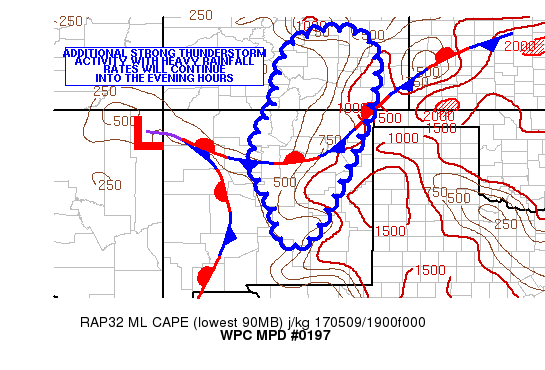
AREAS AFFECTED...SOUTHERN CO...CENTRAL/NORTHERN NM

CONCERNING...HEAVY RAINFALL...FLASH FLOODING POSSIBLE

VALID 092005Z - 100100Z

SUMMARY...STRONG THUNDERSTORMS WITH SOME REPEATING OF CELL
ACTIVITY WILL FOSTER ADDITIONAL HEAVY RAINFALL INTO THE EVENING
HOURS WITH SOME FLASH FLOODING POSSIBLE.

DISCUSSION...LATEST EXPERIMENTAL GOES-16 VIS IMAGERY SHOWS A
WELL-DEFINED N/S AXIS OF SHOWERS AND THUNDERSTORMS FOCUSED FROM
CENTRAL NM NEAR THE NORTHERN FLANK OF THE SACRAMENTO/CAPITAN
MOUNTAINS...NORTHWARD UP ACROSS THE SANGRE DE CRISTO MOUNTAINS OF
NORTHERN NM/SOUTHERN CO AND THEN OVER SOME OF THE OPEN PLAINS OF
SOUTHEAST CO. CONVECTIVE CLOUD TOPS HAVE GENERALLY CONTINUED TO
COOL OVER THE LAST COUPLE OF HOURS AS THE THUNDERSTORM ACTIVITY
BECOMES SUSTAINED AND ENHANCED A BIT FURTHER BY THE PRESENCE OF AN
UNSTABLE AND RELATIVELY MOIST BOUNDARY LAYER AMIDST A HIGHLY
DIFFLUENT UPPER AIR ENVIRONMENT AROUND THE EAST SIDE OF A STRONG
UPPER LOW OVER FAR SOUTHERN AZ.

SOUTHEAST LOW LEVEL FLOW UP ACROSS EASTERN NM AND INTO THE HIGHER
TERRAIN OF CENTRAL AND NORTHERN NM CONTINUES TO ALSO FOSTER A
FAVORABLE UPSLOPE/OROGRAPHIC COMPONENT TO THE FORCING ENVIRONMENT
WHILE ALSO ASSISTING IN THE TRANSPORT OF A MODERATELY UNSTABLE
AIRMASS. THE LATEST RAP ANALYSIS SHOWS MLCAPE VALUES OF UP TO OVER
1500 J/KG LOCALLY WITH THE AID OF STRONG DIABATIC HEATING VIA
SOLAR INSOLATION. A STATIONARY FRONT UP ACROSS PARTS OF NORTHERN
NM IS ALSO FACILITATING SOME ADDITIONAL SURFACE CONVERGENCE FOR
ADDITIONAL CONVECTIVE DEVELOPMENT.

OVER THE NEXT SEVERAL HOURS...THE PRIMARY CONCERN WILL BE FOR
RELATIVELY SLOW-MOVING CONVECTIVE CELLS CAPABLE OF HEAVY RAINFALL
RATES TO 1.5 INCHES/HR AND ALSO A TENDENCY FOR CELLS REPEATING
OVER THE SAME AREA NEAR SOME OF THE HIGHER TERRAIN FROM CENTRAL NM
NORTH INTO AT LEAST THE SANGRE DE CRISTO RANGE OF NORTHERN
NM/SOUTHERN CO. THE 12Z ARW/NMMB SOLUTIONS AND ALSO CONSECUTIVE
RUNS OF THE HRRR SUGGEST ADDITIONAL RAINFALL AMOUNTS OF 1 TO 2
INCHES WITH ISOLATED HEAVIER AMOUNTS THROUGH 00Z. GRADUALLY THERE
MAY BE A TENDENCY FOR ENOUGH CONVECTIVE ORGANIZATION TO ALLOW
CONVECTION TO BEGIN TO BOW SOMEWHAT OFF TO THE NORTHEAST AND MORE
INTO THE OPEN HIGH PLAINS OF EASTERN NM AND SOUTHEAST CO...BUT
SOME OF THESE AREAS ALSO SAW HEAVY RAIN OVER THE LAST 24 HOURS.
SO...GIVEN THE SET-UP...THE ADDITIONAL RAINS INTO THE EVENING
HOURS WILL FAVOR SOME RUNOFF CONCERNS AND POSSIBLE FLASH FLOODING.